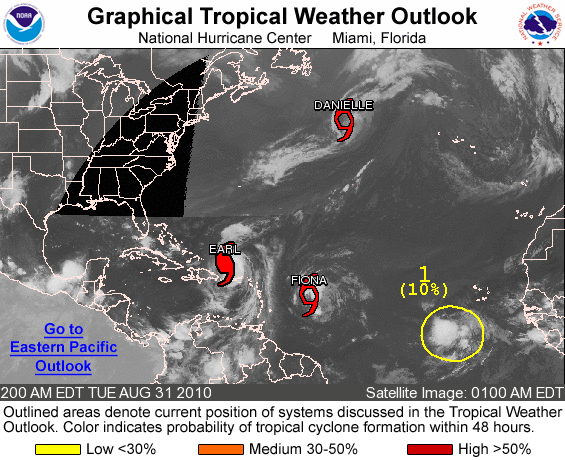
FOR THE NORTH ATLANTIC...CARIBBEAN SEA AND THE GULF OF MEXICO...

THE NATIONAL HURRICANE CENTER IS ISSUING ADVISORIES ON HURRICANE EARL...LOCATED ABOUT 110 MILES NORTH OF SAN JUAN PUERTO RICO...AND ON TROPICAL STORM FIONA...LOCATED ABOUT 670 MILES EAST OF THE LEEWARD ISLANDS.

1. A BROAD AREA OF LOW PRESSURE...ASSOCIATED WITH A TROPICAL WAVE...HAS FORMED SEVERAL HUNDRED MILES SOUTH-SOUTHWEST OF THE CAPE VERDE ISLANDS. DEVELOPMENT...IF ANY...OF THIS SYSTEM IS EXPECTED TO BE SLOW TO OCCUR AS IT MOVES WESTWARD AT 15 TO 20 MPH. THERE IS A LOW CHANCE...10 PERCENT...OF THIS SYSTEM BECOMING A TROPICAL CYCLONE DURING THE NEXT 48 HOURS.

ELSEWHERE...TROPICAL CYCLONE FORMATION IS NOT EXPECTED DURING THE NEXT 48 HOURS.

PUBLIC ADVISORIES ON FIONA ARE ISSUED UNDER WMO HEADER WTNT33 KNHC AND UNDER AWIPS HEADER MIATCPAT3. FORECAST/ADVISORIES ON FIONA ARE ISSUED UNDER WMO HEADER WTNT23 KNHC AND UNDER AWIPS HEADER MIATCMAT3.

FORECASTER CANGIALOSI/BLAKE